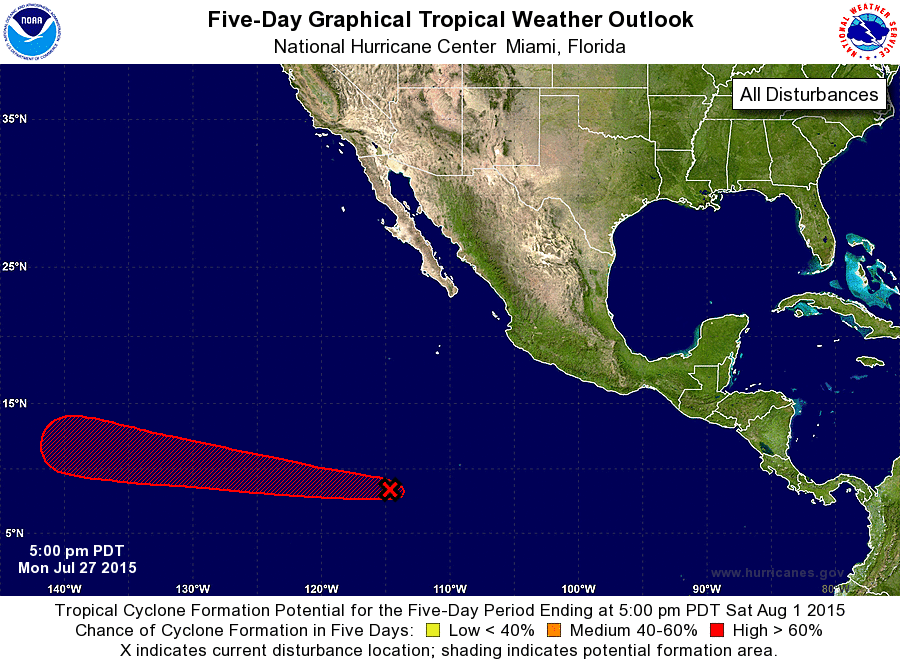
For the eastern North Pacific...east of 140 degrees west longitude:

The National Hurricane Center is issuing advisories on newly formed Tropical Depression Eight-E, located a little more than a thousand miles west-southwest of the southern tip of the Baja California peninsula.

1. Disorganized showers and thunderstorms about 1000 miles south- southwest of the southern tip of the Baja California peninsula are associated with a broad area of low pressure. Environmental conditions are expected to be generally conducive for development, and this system is likely to become a tropical depression later this week while moving westward at 15 mph.
* Formation chance through 48 hours...low...10 percent
* Formation chance through 5 days...high...70 percent

Public Advisories on Tropical Depression Eight-E are issued under WMO header WTPZ33 KNHC and under AWIPS header MIATCPEP3. Forecast/Advisories on Tropical Depression Eight-E are issued under WMO header WTPZ23 KNHC and under AWIPS header MIATCMEP3.

Forecaster Kimberlain